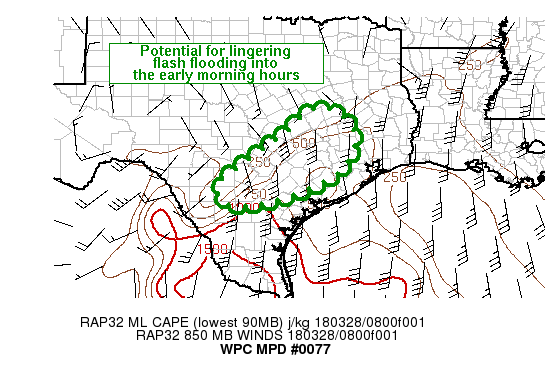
AREAS AFFECTED...PORTIONS OF S-CNTRL TO E-CNTRL TX

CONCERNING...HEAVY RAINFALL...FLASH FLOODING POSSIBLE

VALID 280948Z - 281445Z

SUMMARY...A HEAVY RAINFALL AND FLASH FLOOD THREAT WILL EXTEND INTO
THE EARLY MORNING HOURS FOR PORTIONS OF S-CNTRL TO E-CNTRL TX.
TRAINING WITH RAIN RATES OF 1-2 IN/HR WILL BE POSSIBLE THROUGH 15Z
WITH A POSSIBLE LULL BEFORE RENEWED ACTIVITY DEVELOPS.

DISCUSSION...REGIONAL RADAR REFLECTIVITY AS OF 09Z SHOWED A BROAD
REGION OF STRATIFORM RAIN WITH EMBEDDED THUNDERSTORMS STRETCHING
FROM NERN TO CNTRL TX...ANCHORED TO THE SOUTH WITH HEAVIER
RAINFALL CORES OF 1-2 IN/HR. SOME FLASH FLOODING DUE TO REPEATING
CELLS AND TRAINING HAD BEEN OBSERVED IN THE VICINITY OF I-35 FROM
NEAR GEORGETOWN TO SAN ANTONIO...AND WWD TOWARD HONDO THROUGH 09Z.
A SUBTLE INFLECTION ON WATER VAPOR IMAGERY WOULD SUGGEST A
SHORTWAVE IS PRESENT OVER WEST TEXAS...NORTH OF THE BIG BEND...AND
INFRARED IMAGERY SHOWS NO NEW SIGNIFICANT DEVELOPMENT BETWEEN THE
ONGOING COMPLEX AND THE RIO GRANDE...PERHAPS DUE TO BRIEF
SUBSIDENCE BEHIND THE SHORTWAVE. THIS MAY ALLOW FOR A BRIEF LULL
IN ACTIVITY IN THE SHORT TERM.

HOWEVER...THE 09Z SPC MESOANALYSIS AND 1 HR FORECAST FROM THE 08Z
RAP SUPPORTED A RESERVOIR OF MLCAPE BETWEEN 500 AND 1500 J/KG FROM
I-10 BETWEEN SAN ANTONIO AND HOUSTON...DOWN TO THE SOUTH OF SAN
ANTONIO. ONGOING CONVECTION APPEARS TO BE ON THE NRN EDGE OF
AVAILABLE MLCAPE. LARGE SCALE FORCING FOR ASCENT IS STILL PRESENT
WITH THE APPROACH OF A STRONG SHORTWAVE OVER NEW MEXICO.

THEREFORE...DESPITE THE RELATIVE BREAK IN CONVECTIVE ACTIVITY TO
THE WEST OF I-35...SLY 850 MB FLOW OF 40-50 KT IS EXPECTED TO
CONTINUE THE THREAT FOR CONVECTION AND TRAINING ELEMENTS ALONG THE
SWRN FLANK OF THE ONGOING CONVECTIVE CLUSTER AS IT CONTINUES TO
TRACK OFF TOWARD THE EAST...AND 850 MB FLOW VEERS TOWARD THE
SOUTHWEST.

SOME SIGNALS FROM THE HRRR AND EXPERIMENTAL HRRR SUPPORT THIS
SCENARIO...BUT CONFIDENCE IS A BIT LIMITED WITH EVOLUTION INTO A
TYPICALLY UNFAVORABLE DIURNAL TIME OF DAY FOR FLASH FLOODING.